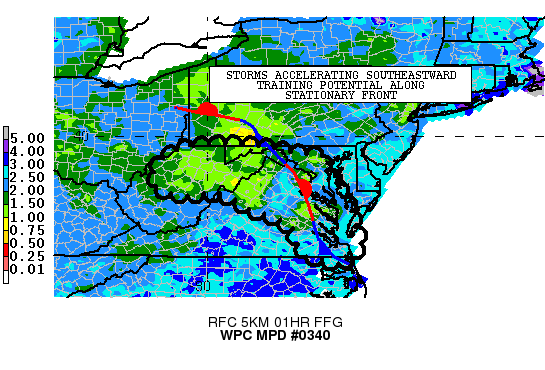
AREAS AFFECTED...CENTRAL APPALACHIANS INTO THE MID ATLANTIC

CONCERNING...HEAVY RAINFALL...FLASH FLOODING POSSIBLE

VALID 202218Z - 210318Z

SUMMARY...THIS IS AN UPDATE TO MPD #0337...EXTENDING THE THREAT
REGION FARTHER DOWNSTREAM INTO THE MID ATLANTIC.

DISCUSSION...CONVECTION CONTINUES TO ENHANCE EARLY THIS EVENING AS
IT PUSHES OUT OF THE CENTRAL APPALACHIANS AND INTO THE MID
ATLANTIC.  THIS ACTIVITY IS FIRING IN THE UNSTABLE
AIRMASS...MUCAPE VALUES 1000+ J/KG AS PER LATEST HRRR...ALONG AND
TO THE WEST OF THE STATIONARY FRONTAL BOUNDARY STRETCHING
NORTHWEST TO SOUTHEAST FROM SOUTHWEST PENNSYLVANIA INTO NORTHERN
TO SOUTHEAST VIRGINIA.  THE 1800 UTC NAM CONEST...ALONG WITH THE
LATEST HRRR AND HRRX SEEM TO HAVE A GOOD DEPICTION COMPARED TO
THEIR SIMULATED RADARS...BUT ARE ALL APPROXIMATELY 2 TO 3 HOURS
TOO SLOW TO PUSH ACTIVITY DOWNSTREAM.

WHILE THIS ACTIVITY DOES APPEAR TO BE ACCELERATING TO THE
SOUTHEAST...CONCERN IS THAT A PORTION OF THE CONVECTIVE LINE MAY
TRAIN AS IT BECOMES ALIGNED TO THE LOW LEVEL WESTERLY FLOW.
PRECIPITATION TOTALS OF 1 TO 1.5"+ PER HOUR POSSIBLE OVER THE NEXT
SEVERAL HOURS.  THIS MAY EXCEED FFG VALUES THAT HAVE LOWERED FROM
HEAVY RAINS THAT HAVE OCCURRED ACROSS THESE AREAS OVER THE PAST 2
DAYS.  THIS MAY BE ESPECIALLY SO IN THE MORE URBANIZED AREAS OF
NORTHERN VIRGINIA INTO DC THAT HAD TRAINING CELLS A FEW DAYS AGO.